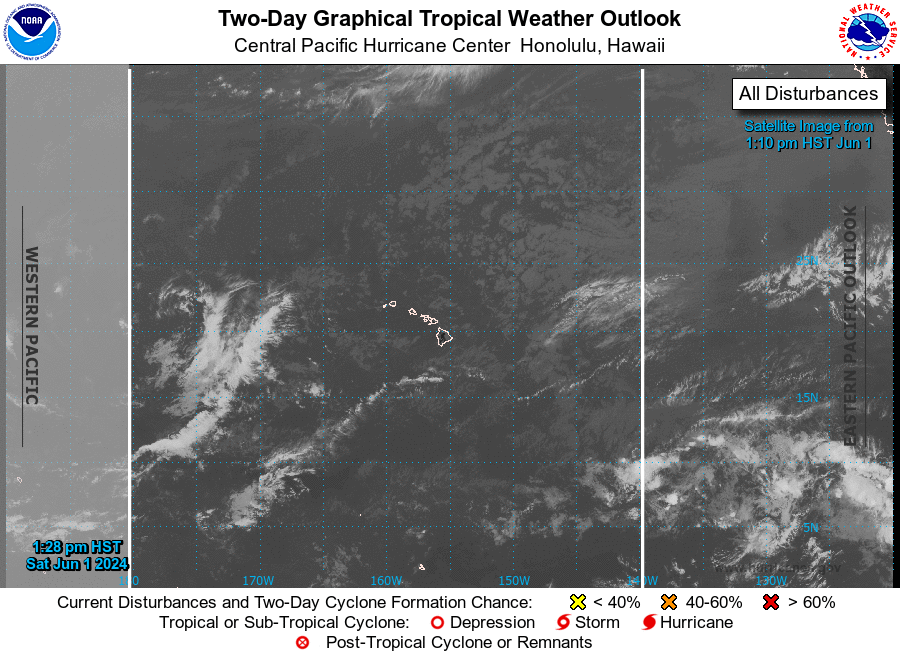
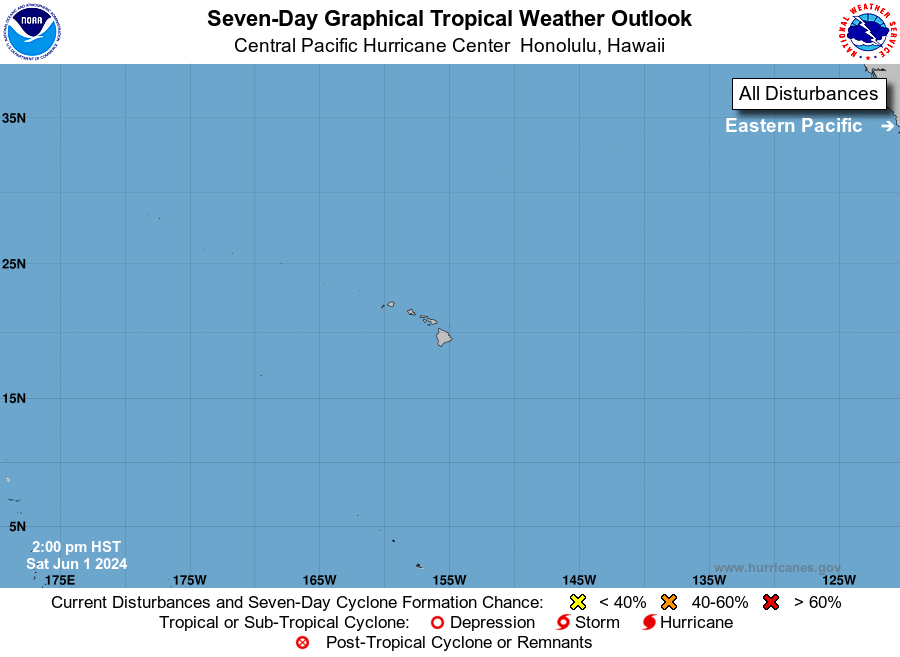
For the central North Pacific...between 140W and 180W:

No tropical cyclones are expected during the next 7 days.

Today marks the first day of the central Pacific hurricane season, which will run until November 30. This product, the Tropical Weather Outlook, briefly describes significant areas of disturbed weather, and their potential for tropical cyclone formation during the next seven days. This product is issued four times per day from June 1 through November 30 at 2 am, 8 am, 2 pm and 8 pm Hawaii Standard Time.

A Special Tropical Weather Outlook will be issued to provide updates, as necessary, in between the regularly scheduled issuances of the Tropical Weather Outlook. Special Tropical Weather Outlooks will be issued under the same WMO and AWIPS headers as the regular Tropical Weather Outlooks.

A standard package of products, consisting of the tropical cyclone public advisory, the forecast/advisory, the cyclone discussion, and a wind speed probability product, is issued every six hours for all ongoing tropical cyclones. In addition, a special advisory package may be issued at any time to advise of significant unexpected changes or to modify watches or warnings.

All Central Pacific Hurricane Center text and graphical products, including a graphical version of the Tropical Weather Outlook, are available on the web at https://www.hurricanes.gov.

Forecaster Birchard